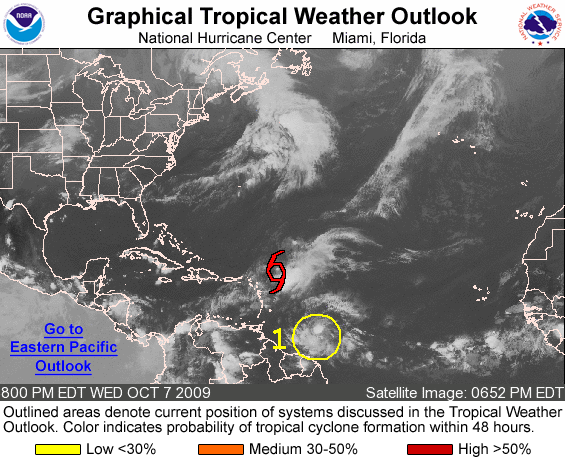
FOR THE NORTH ATLANTIC...CARIBBEAN SEA AND THE GULF OF MEXICO...

THE NATIONAL HURRICANE CENTER IS ISSUING ADVISORIES ON TROPICAL STORM HENRI...LOCATED ABOUT 305 MILES EAST-NORTHEAST OF THE NORTHERN LEEWARD ISLANDS.

1. DISORGANIZED SHOWERS AND THUNDERSTORMS CONTINUE IN ASSOCIATION WITH A TROPICAL WAVE LOCATED ABOUT 725 MILES EAST-SOUTHEAST OF THE WINDWARD ISLANDS. DEVELOPMENT...IF ANY...OF THIS SYSTEM SHOULD BE SLOW TO OCCUR AS IT MOVES TO THE WEST-NORTHWEST AT ABOUT 15 TO 20 MPH. THERE IS A LOW CHANCE...LESS THAN 30 PERCENT...OF THIS SYSTEM BECOMING A TROPICAL CYCLONE DURING THE NEXT 48 HOURS.

ELSEWHERE...TROPICAL CYCLONE FORMATION IS NOT EXPECTED DURING THE NEXT 48 HOURS.

FORECASTER BEVEN